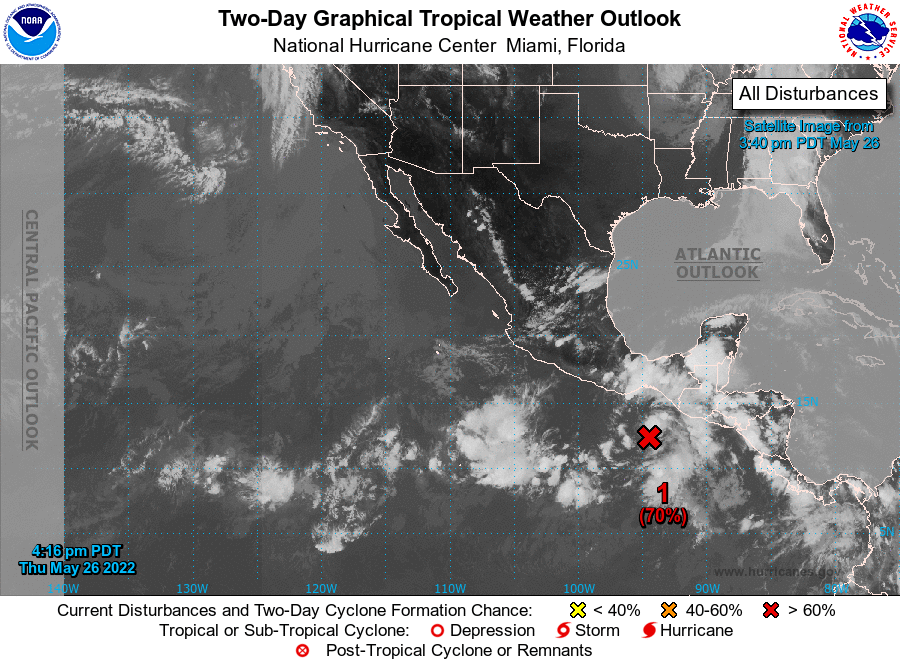
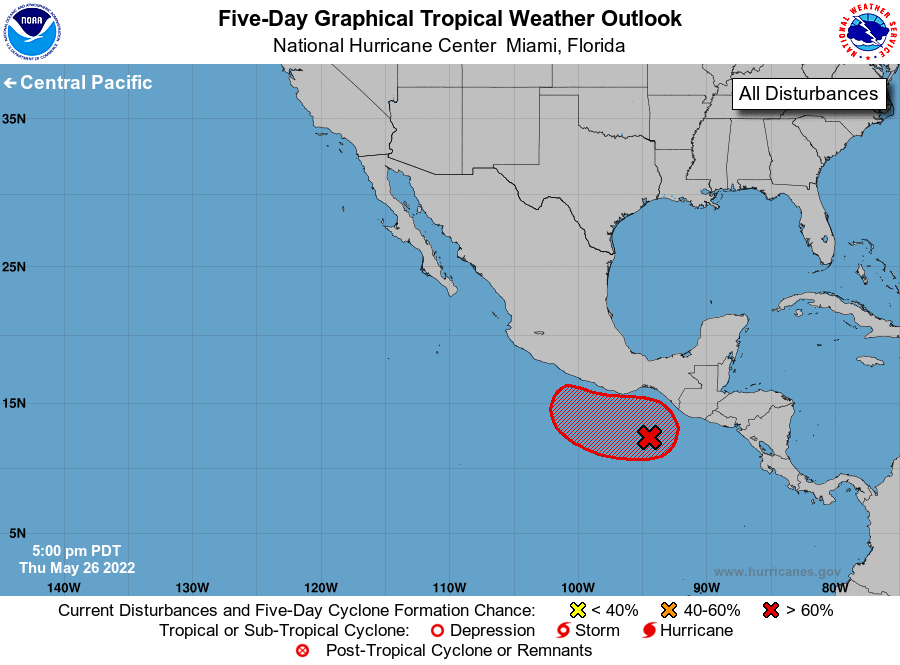
For the eastern North Pacific...east of 140 degrees west longitude:

1. South of the Gulf of Tehuantepec: Visible satellite imagery indicates that a broad low pressure system has formed in association with an area of disturbed weather located a couple of hundred miles south of the Gulf of Tehuantepec. Environmental conditions are expected to remain conducive for additional development, and a tropical depression is likely to form within the next day or two while the system moves west-northwestward or northwestward at 5 to 10 mph. Regardless of development, locally heavy rains are possible along coastal sections of Guatemala and southern Mexico during the next few days, and interests in these areas should monitor the progress of this system.
* Formation chance through 48 hours...high...70 percent.
* Formation chance through 5 days...high...90 percent.

Forecaster Brown